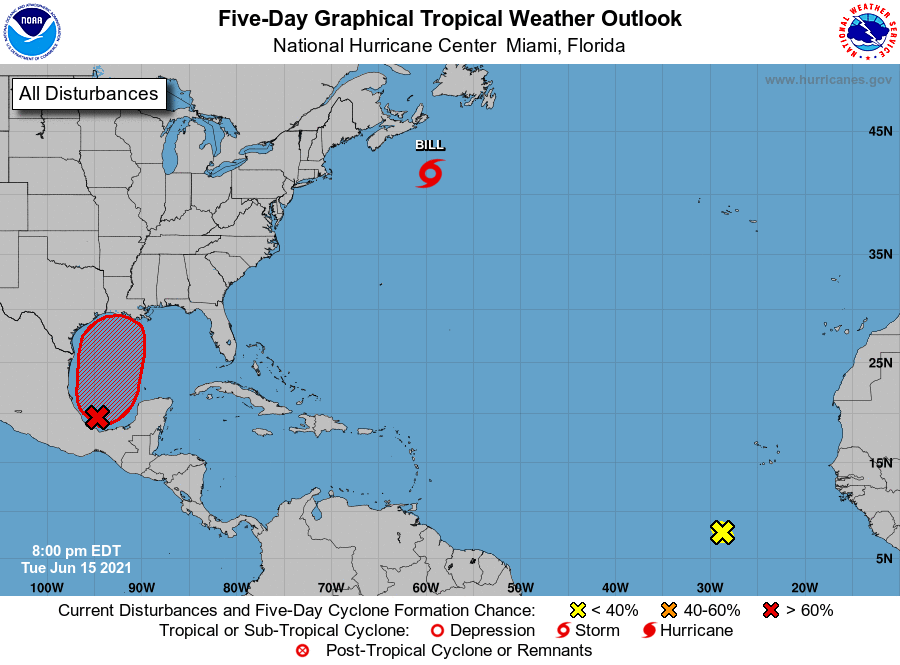
For the North Atlantic...Caribbean Sea and the Gulf of Mexico:

The National Hurricane Center is issuing advisories on Tropical Storm Bill, located a few hundred miles southeast of Halifax, Nova Scotia.

1. Disorganized showers and thunderstorms continue over the Bay of Campeche and southern Mexico in association with a broad low pressure area. This system is expected to move little during the next day or so, and any development should be slow to occur during that time period. However, the disturbance should begin to move northward by Thursday, and a tropical depression is likely to form late in the week when the low moves across the central or northwestern Gulf of Mexico. Regardless of development, heavy rainfall will continue over portions of Central America and southern Mexico during the next several days. Heavy rains could also begin to impact portions of the northern Gulf Coast on Friday. Please consult products from your local meteorological service for more information.
* Formation chance through 48 hours...low...30 percent.
* Formation chance through 5 days...high...80 percent.

2. Showers and thunderstorms continued to diminish in association with a tropical wave located a few hundred miles southwest of the Cabo Verde Islands. Development of this system is no longer anticipated.
* Formation chance through 48 hours...low...near 0 percent.
* Formation chance through 5 days...low...near 0 percent.

Forecaster Beven